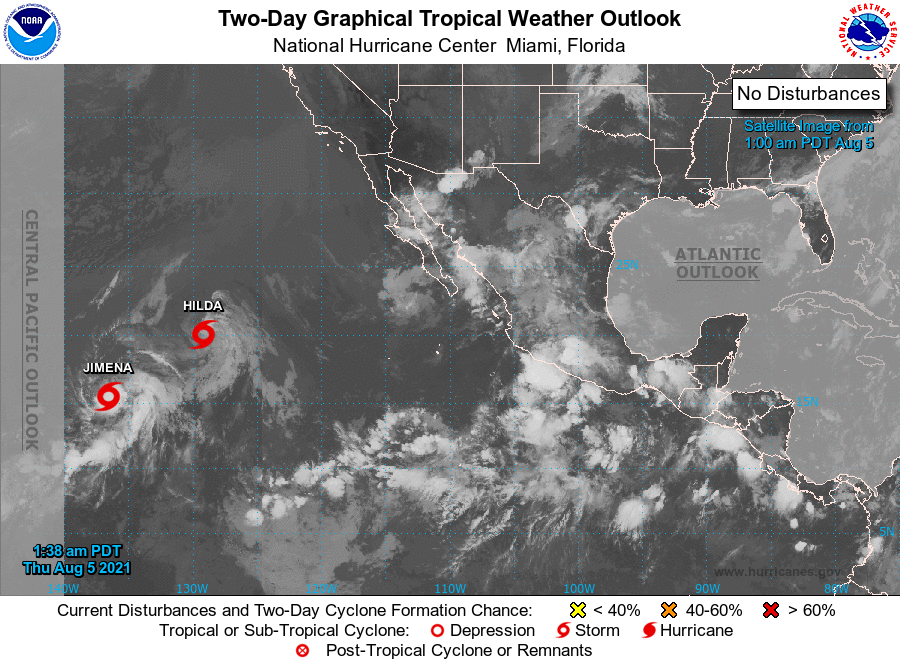
For the eastern North Pacific...east of 140 degrees west longitude:

The National Hurricane Center is issuing advisories on Tropical Storm Hilda, located a little over 1200 miles west of the southern tip of the Baja California peninsula, and on Tropical Depression Nine-E, located almost 1800 miles west-southwest of the southern tip of the Baja California peninsula.

1. A broad area of low pressure is expected to develop a few hundred miles offshore of the southwestern coast of Mexico this weekend. Environmental conditions are forecast to be conducive for some gradual development thereafter, and a tropical depression could form early next week while the system moves west-northwestward at 10 to 15 mph, parallel to and offshore of the coast of southwestern Mexico.
* Formation chance through 48 hours...low...near 0 percent.
* Formation chance through 5 days...medium...50 percent.

Public Advisories on Tropical Depression Nine-E are issued under WMO header WTPZ34 KNHC and under AWIPS header MIATCPEP4. Forecast/Advisories on Tropical Depression Nine-E are issued under WMO header WTPZ24 KNHC and under AWIPS header MIATCMEP4.

Forecaster Beven